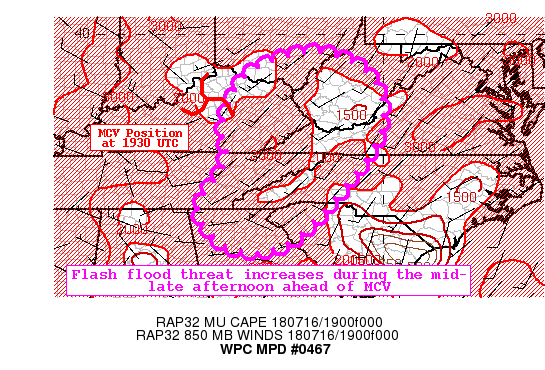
AREAS AFFECTED......EASTERN KENTUCKY...SOUTHERN OHIO...SOUTHERN
WEST VIRGINIA...EASTERN TENNESSEE...SOUTHWEST VIRGINIA...WESTERN
NORTH CAROLINA...

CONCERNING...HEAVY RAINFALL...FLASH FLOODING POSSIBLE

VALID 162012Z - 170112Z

SUMMARY...THUNDERSTORMS WILL CONTINUE TO CONGEAL AHEAD OF A
MESO-CONVECTIVE VORT MAX (MCV), WITH SOME TRAINING EXPECTED GIVEN
THE OVERALL LIGHT STEERING FLOW. HOURLY RAIN RATES OF 2+ INCHES
WILL LEAD TO POTENTIAL FLASH FLOOD CONCERNS WHERE STORMS ARE
BETTER CLUSTERED AND MOST PERSISTENT.

DISCUSSION...AN MCV OVER NORTHERN KY DURING MID AFTERNOON WAS
CONTINUING TO SHAPE THE CONVECTIVE ENVIRONMENT DOWNSTREAM...MOST
NOTABLY WITH THE UPTICK IN S-SW LOW-LEVEL FLOW (15-20+ KTS) PER
THE CURRENT VAD WIND PROFILES. STRONG DEEP-LAYER INSTABILITY (SB
CAPES 2000-3000 J/KG) WITHIN A HIGHLY MOIST ENVIRONMENT (PWATS
1.75-2.00) WILL FAVOR THE BETTER ORGANIZED/NUMEROUS CONVECTIVE
CLUSTERS INTO THE EARLY EVENING HOURS AHEAD OF THE MCV. MEANWHILE,
GIVEN THE WEAK STEERING FLOW (WESTERLY 850-300 MB MEAN WIND AROUND
5-10 KTS), THE INCREASE IN LOW-LEVEL INFLOW WILL FOSTER UPWIND
PROPAGATION AND THUS THE POTENTIAL FOR BACKBUILDING AND CELL
TRAINING.

WHEN COMPARED TO THE OBSERVATIONAL TRENDS (COMPOSITE RADAR AND
RECENT GOES-16 SATELLITE IR AND VISIBLE LOOPS), IT APPEARS THE
MESOSCALE GUIDANCE (HIGH-RES CAMs) ARE HAVING A DIFFICULT TIME
RESOLVING THE QPF DETAILS. THIS IS LIKELY DUE TO THE WEAK OVERALL
FLOW AND THUS TENDENCY FOR THE CONVECTION TO BE SHORT-LIVED.
HOWEVER, THE AVAILABILITY OF FOCUSED, STRONGER LOW-LEVEL INFLOW
AHEAD OF THE MCV AND ATTENDANT N-S VORT AXIS WOULD FAVOR FOR MORE
REPETITIVE CONVECTIVE CLUSTERS, I.E. OUTSIDE OF THE TYPICAL PULSE
CONVECTIVE LIFE CYCLE. AS SUCH, RAINFALL RATES UP TO 2 INCHES PER
HOUR AND 2-2.5+ INCHES IN 3 HOURS ARE EXPECTED IN THIS ENVIRONMENT
UNDERNEATH THE STRONGEST CELLS, WHICH COULD LEAD TO FLASH FLOODING
CONSIDERING THE CURRENT FFG.